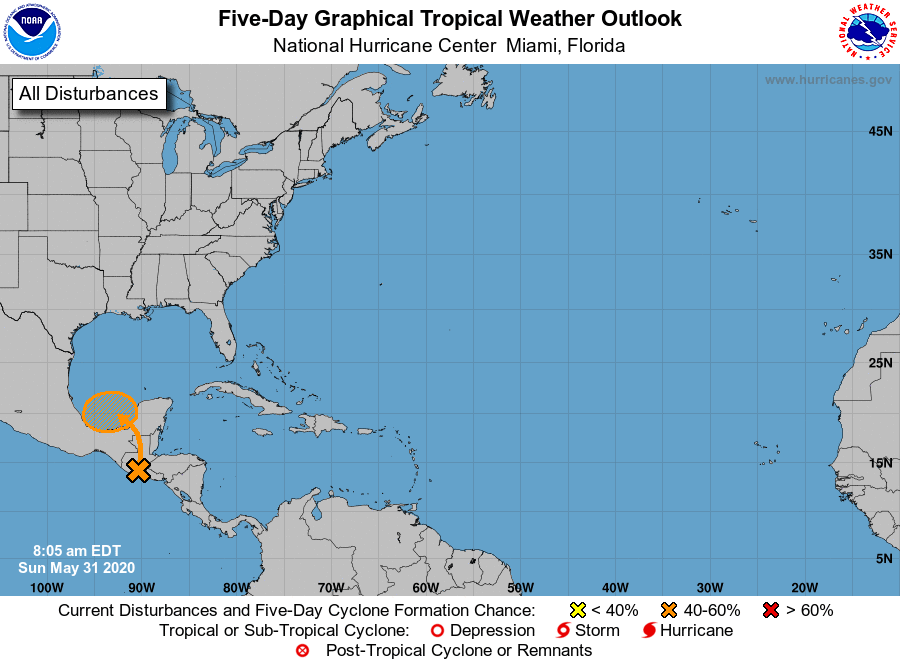
For the North Atlantic...Caribbean Sea and the Gulf of Mexico:

Special Tropical Weather Outlook issued to discuss the potential for tropical cyclone formation over the southwestern Gulf of Mexico.

1. Eastern Pacific Tropical Storm Amanda, centered inland over southeastern Guatemala, is forecast weaken into a remnant low or dissipate over Guatemala or southeastern Mexico by tonight. However, the remnants of Amanda are expected to move northwestward within a broader area of disturbed weather, possibly emerging over the southeastern Bay of Campeche on Monday. If the remnants move back over water, environmental conditions appear conducive to support some redevelopment of the system while it moves little through the middle of this week. Regardless of redevelopment, heavy rainfall is likely to continue over portions of southern Mexico during the next few days. For additional information on the rainfall threat, see products from your national meteorological service. The next Special Tropical Weather Outlook will be by 3 PM EDT today, or earlier if necessary.
* Formation chance through 48 hours...medium...40 percent.
* Formation chance through 5 days...medium...50 percent.

Forecaster Brown/Brennan